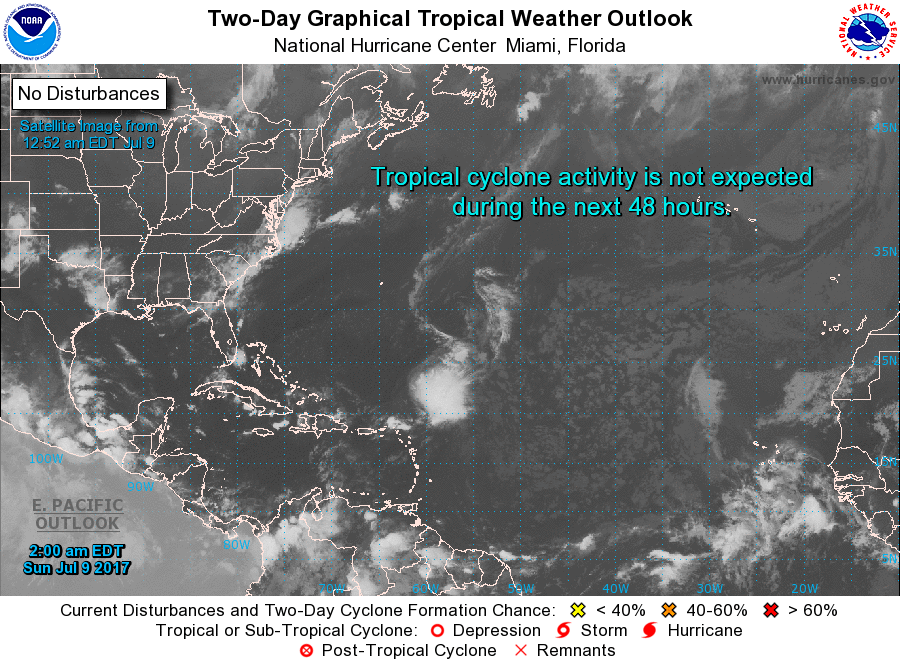
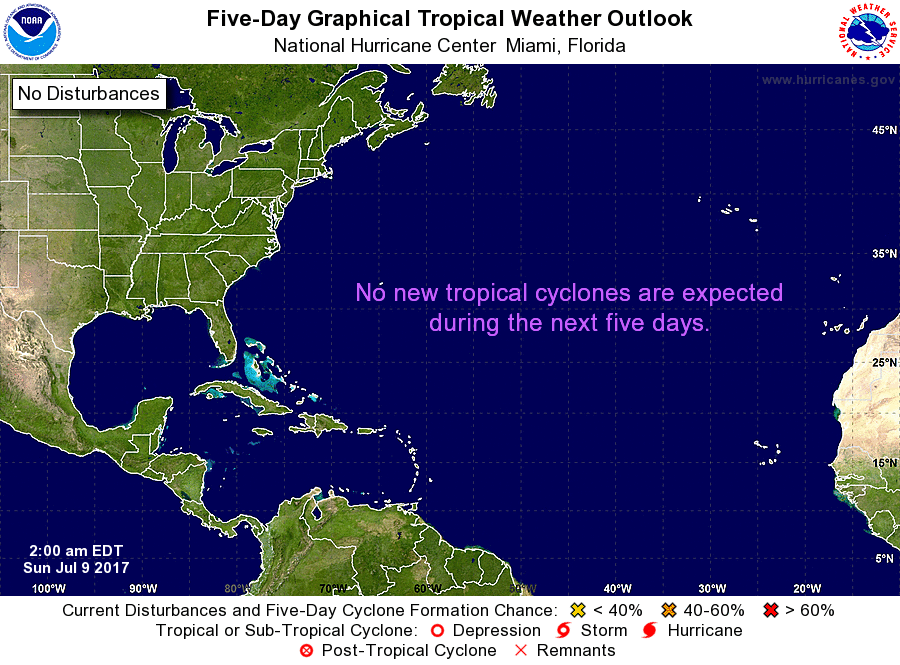
For the North Atlantic...Caribbean Sea and the Gulf of Mexico:

Tropical cyclone formation is not expected during the next 5 days.

Forecaster Berg